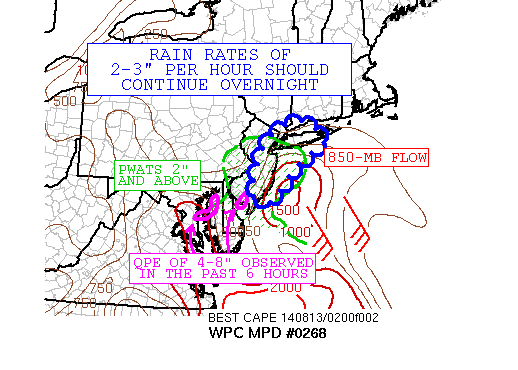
AREAS AFFECTED...EASTERN NJ/SOUTHEASTERN NY/LONG
ISLAND/SOUTHWESTERN CT...

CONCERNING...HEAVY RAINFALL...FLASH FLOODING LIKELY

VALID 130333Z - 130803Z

SUMMARY...AN IMPRESSIVE AXIS OF LOW-TOPPED CONVECTION HAS PROVEN
TO PROVIDE QUITE A PUNCH UPSTREAM WITH NEARLY 8-12" OF RAINFALL IN
THE PROXIMITY OF BALTIMORE MD. THIS TORRENTIAL RAIN HAS PROGRESSED
NORTH AND EAST INTO NJ WHERE FLASH FLOODING CONTINUES TO OCCUR.
EXPECT SUCH CONDITIONS TO TRANSLATE NORTHWARD OVERNIGHT.

DISCUSSION...RAINFALL RATES IN THE 2-3 INCH RANGE WITH LOCALLY
HIGHER AMOUNTS HAVE BEEN OBSERVED IN SOUTHEASTERN NJ DURING THE
PAST COUPLE OF HOURS. WITHIN THIS STRONGER CORES BACKBUILDING AND
TRAINING REMAINS AN ISSUE WHICH HAS LED TO NUMEROUS REPORTS OF
FLASH FLOODING...PARTICULARLY IN THE MORE URBANIZED AREAS. THE
RADAR IMAGERY/SURFACE OBSERVATIONS EVEN SHOWED A CYCLONIC
CIRCULATION WITHIN THE HEAVY RAIN BAND WITH PRESSURES RAPIDLY
FALLING. THE MOISTURE BEING ADVECTED INTO THE REGION IS QUITE
IMPRESSIVE WITH A PWAT OF 2.43" OBSERVED AT WALLOPS ISLAND AT 00Z.
THIS RANKED 99TH PERCENTILE FOR THE MIDDLE OF AUGUST.
ADDITIONALLY...LOW-LEVEL WIND PROFILES ARE QUITE FAVORABLE FOR
STORM ORGANIZATION WITH 925-850 MB WINDS IN EXCESS OF 30-35 KNOTS
BASED ON LOCAL VAD-WIND PROFILERS. IN SPITE OF INSTABILITY
REMAINING LIMITED WITH MLCAPES AROUND 500 J/KG...WARM-RAIN
PROCESSES HAVE DOMINATED AS THE WET-BULB ZERO HEIGHTS ARE UP IN
THE 14-15 KFT RANGE.

HIGH-RESOLUTION GUIDANCE VARY IN THE PLACEMENT OF THIS HEAVY
RAINFALL WITH THE 12Z HRW-ARW KEEPING MOST OF THE ACTIVITY
OFFSHORE. MEANWHILE...THE 12Z HRW-NMMB/00Z NAM CONEST/12Z SSEO
MEAN/01Z HRRR MAINTAIN IMPACTS ACROSS THE EASTERN SIDE OF NJ AND
UP INTO NYC AND WESTERN LONG ISLAND. WILL REASSESS THE SITUATION
AS ADDITIONAL 00Z MESOSCALE GUIDANCE ARRIVES.